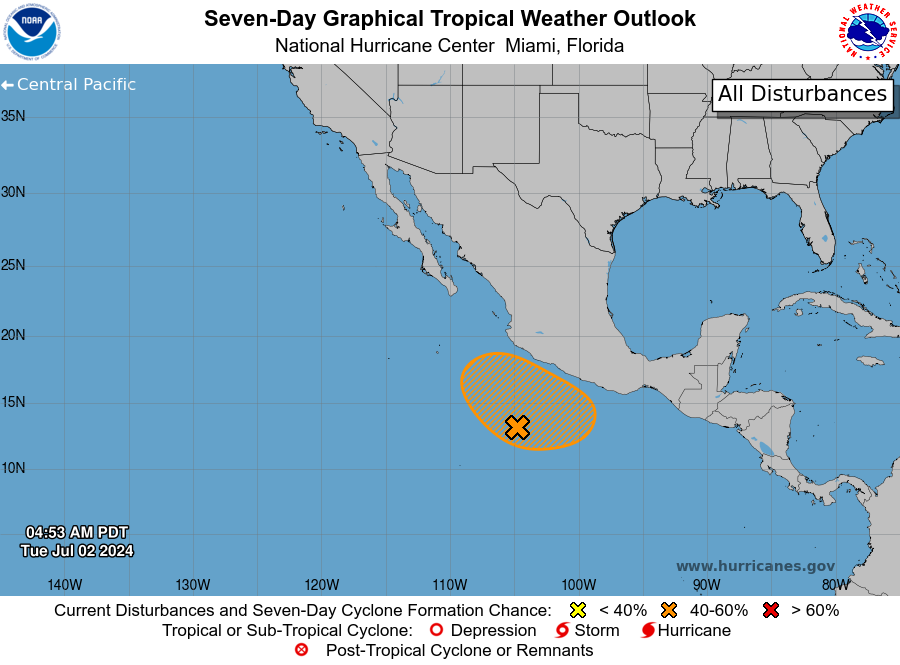
For the eastern North Pacific...east of 140 degrees west longitude:

1. Offshore of Southern Mexico: Satellite data indicate a broad area of low pressure is forming a few hundred miles south of the coast of southern Mexico. The system is producing a large area of disorganized shower and thunderstorm activity. Environmental conditions could support some gradual development of this system, and a tropical depression could form during the next few days while it moves northward to northwestward at 10 to 15 mph.
* Formation chance through 48 hours...low....30 percent.
* Formation chance through 7 days...medium...50 percent.

Forecaster Reinhart